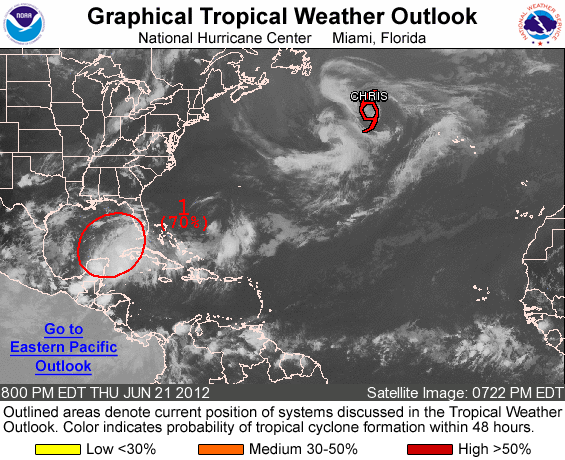
FOR THE NORTH ATLANTIC...CARIBBEAN SEA AND THE GULF OF MEXICO...

THE NATIONAL HURRICANE CENTER IS ISSUING ADVISORIES ON RECENTLY DOWNGRADED TROPICAL STORM CHRIS...LOCATED ABOUT 585 MILES EAST-SOUTHEAST OF CAPE RACE NEWFOUNDLAND.

1. A LARGE LOW PRESSURE SYSTEM LOCATED JUST NORTH OF THE NORTHERN COAST OF THE YUCATAN PENINSULA IS PRODUCING AN EXTENSIVE AREA OF CLOUDINESS...SHOWERS AND SCATTERED THUNDERSTORMS OVER MUCH OF THE CENTRAL AND EASTERN GULF OF MEXICO AND THE NORTHWESTERN CARIBBEAN SEA...AND ALSO OVER THE YUCATAN PENINSULA...WESTERN AND CENTRAL CUBA...SOUTHERN FLORIDA...AND THE NORTHWESTERN BAHAMAS. SATELLITE DATA AND SURFACE OBSERVATIONS INDICATE THAT THE LOW PRESSURE SYSTEM IS GRADUALLY BECOMING BETTER DEFINED AND SURFACE PRESSURES ARE SLOWLY FALLING ACROSS THE AREA. UPPER-LEVEL WINDS ARE ALSO IMPROVING AND ARE FORECAST TO BECOME MORE CONDUCIVE FOR DEVELOPMENT OF A TROPICAL DEPRESSION DURING THE NEXT DAY OR SO. THIS SYSTEM HAS A HIGH CHANCE...70 PERCENT...OF BECOMING A TROPICAL CYCLONE DURING THE NEXT 48 HOURS AS IT MOVES SLOWLY NORTHWARD INTO THE CENTRAL GULF OF MEXICO. INTERESTS ALONG THE ENTIRE UNITED STATES GULF COAST SHOULD MONITOR THE PROGRESS OF THIS LARGE DISTURBANCE THROUGH THE WEEKEND. HEAVY RAINS AND LOCALIZED FLOODING ARE POSSIBLE ACROSS THE YUCATAN PENINSULA...WESTERN CUBA...AND SOUTHERN FLORIDA THROUGH SATURDAY. AN AIR FORCE RESERVE RECONNAISSANCE AIRCRAFT IS SCHEDULED TO INVESTIGATE THE SYSTEM TOMORROW AFTERNOON...IF NECESSARY.

ELSEWHERE...TROPICAL CYCLONE FORMATION IS NOT EXPECTED DURING THE NEXT 48 HOURS.

FORECASTER STEWART